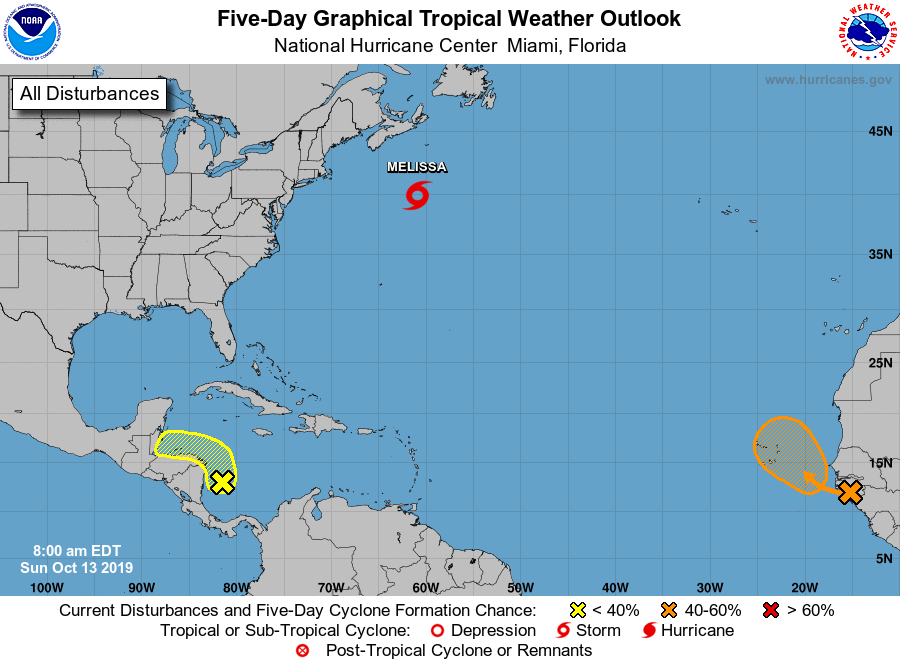
For the North Atlantic...Caribbean Sea and the Gulf of Mexico:

The National Hurricane Center is issuing advisories on Tropical Storm Melissa, located about 400 miles south of Nova Scotia, Canada.

1. A broad area of low pressure located over the southwestern Caribbean Sea continues to produce disorganized showers and thunderstorms. This system is forecast to move west-northwestward toward Central America, and some development is possible if the low remains over water when it is near the coasts of Honduras, Guatemala, and Belize on Monday and Tuesday. Regardless of development, this system could bring heavy rains to portions of Central America during the next few days.
* Formation chance through 48 hours...low...10 percent.
* Formation chance through 5 days...low...20 percent.

2. A tropical wave, accompanied by a broad area of low pressure, is producing a concentrated area of showers and thunderstorms over portions of western Africa. The wave is expected to move west-northwestward over the next day or so and emerge off the coast of Africa later this afternoon. Environmental conditions are expected to be conducive for some additional development to occur during the next few days while the system moves west-northwestward to northwestward toward the Cabo Verde Islands on Tuesday and Wednesday. Strong upper-level winds should prevent additional development by midweek. Interests in and around the Cabo Verde Islands should monitor the progress of this disturbance.
* Formation chance through 48 hours...low...30 percent.
* Formation chance through 5 days...medium...50 percent.

Forecaster Stewart